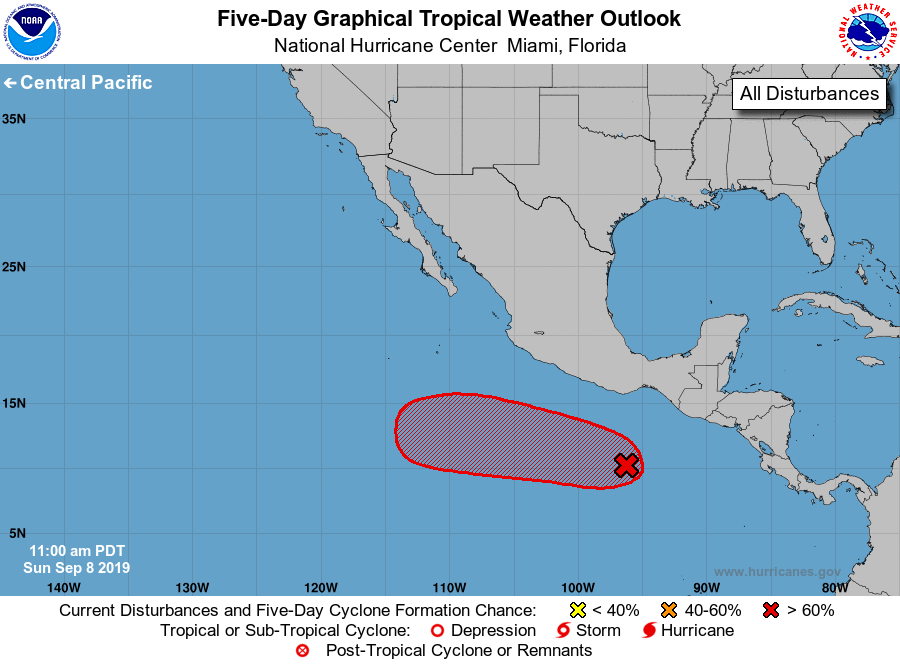
For the eastern North Pacific...east of 140 degrees west longitude:

1. An area of low pressure is expected to form in the next couple of days well to the southwest of the southern coast of Mexico. Environmental conditions appear conducive for development, and a tropical depression is likely to form by the middle of the week while the low moves west-northwestward at around 10 to 15 mph.
* Formation chance through 48 hours...low...20 percent.
* Formation chance through 5 days...high...70 percent.

Forecaster Latto